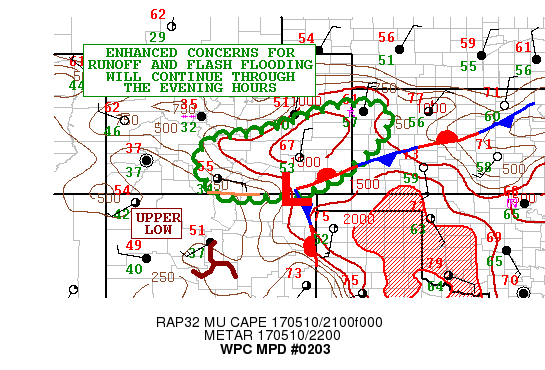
AREAS AFFECTED...SOUTHERN/EASTERN CO...FAR WESTERN KS

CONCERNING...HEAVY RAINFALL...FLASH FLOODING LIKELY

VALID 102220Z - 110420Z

SUMMARY...HEAVY SHOWERS AND THUNDERSTORMS WILL CONTINUE TO EXPAND
IN COVERAGE LATE THIS AFTERNOON AND EVENING. THE WET ANTECEDENT
CONDITIONS WILL ENHANCE RUNOFF CONCERNS AND PROMOTE FLASH FLOODING.

DISCUSSION...DIURNAL HEATING HAS DESTABILIZED THE BOUNDARY LAYER
SUFFICIENTLY OVER MUCH OF SOUTHERN AND EASTERN CO FOR AN EXPANSIVE
AREA OF HEAVY SHOWERS AND THUNDERSTORMS TO FOCUS NEAR AND TO THE
NORTHWEST OF A STATIONARY FRONT SITUATED FROM SOUTHEAST CO
NORTHEAST INTO WESTERN KS. FORCING IS BEING AIDED BY LOW LEVEL
CONVERGENCE INTO THE FRONT...ALONG WITH SOME LOCALIZED UPSLOPE
EASTERLY FLOW NORTH OF A SURFACE LOW INTO SOME OF THE HIGHER
TERRAIN OVER SOUTHERN CO. ADDITIONALLY...THERE IS A LARGER SCALE
MID LEVEL DEFORMATION AXIS OVER THE REGION TO THE NORTH OF THE
CLOSED MID LEVEL CYCLONE OVER CENTRAL NM PROVIDING DEEPER LAYER
ASCENT.

A STRONG CONSENSUS EXISTS FROM THE 12Z ARW/NMMB/NSSL-WRF SOLUTIONS
ALONG WITH CONSECUTIVE RUNS OF THE HRRR FOR AN AXIS OF HEAVY
RAINFALL LATE THIS AFTERNOON AND ESPECIALLY THROUGH THE EVENING
OVER SOUTHERN CO AND EXTENDING NORTHEAST INTO PARTS OF WESTERN KS.
SOME FLASH FLOODING CONCERNS ALREADY EXIST GIVEN THE CURRENT
CONVECTIVE RAINFALL OCCURRING OVER AREAS THAT HAVE SEEN HEAVY RAIN
THE LAST COUPLE OF DAYS. THIS WILL CONTINUE TO BE A CONCERN
OVERNIGHT AS AN ADDITIONAL 2 TO 3 INCHES OF RAINFALL WILL BE
EXPECTED WITH LOCALLY HEAVIER AMOUNTS. SOME OF THE HEAVIEST
AMOUNTS WILL BE EXPECTED OVER SOUTHERN CO NEAR SOME OF THE FAVORED
EAST-FACING SLOPES OF THE ROCKIES AND ADJACENT FOOTHILLS. RUNOFF
PROBLEMS AND AREAS OF FLASH FLOODING WILL BE LIKELY GIVEN THE WET
ANTECEDENT CONDITIONS...AND THERE WILL BE CONCERN TOO NEAR ANY
BURN SCAR AREAS FOR MUDSLIDES AND/OR DEBRIS FLOWS.